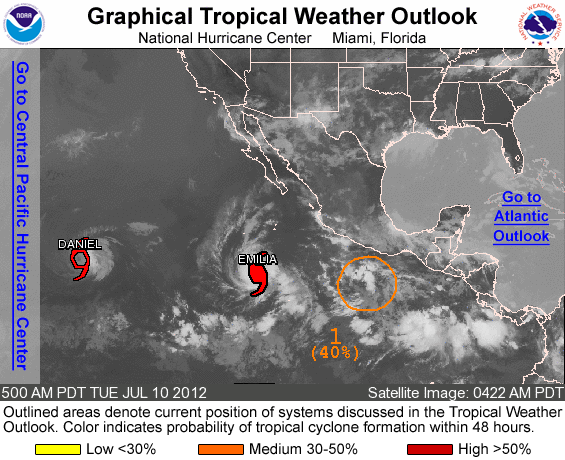
FOR THE EASTERN NORTH PACIFIC...EAST OF 140 DEGREES WEST LONGITUDE..

THE NATIONAL HURRICANE CENTER IS ISSUING ADVISORIES ON TROPICAL STORM DANIEL...LOCATED ABOUT 1500 MILES EAST OF THE HAWAIIAN ISLANDS...AND ON MAJOR HURRICANE EMILIA...LOCATED ABOUT 680 MILES SOUTH-SOUTHWEST OF THE SOUTHERN TIP OF BAJA CALIFORNIA MEXICO.

1. CLOUDINESS AND SHOWERS ASSOCIATED WITH A BROAD LOW PRESSURE SYSTEM LOCATED SEVERAL HUNDRED MILES SOUTH OF ACAPULCO MEXICO HAVE CHANGED LITTLE IN ORGANIZATION OVER THE PAST SEVERAL HOURS. CONDITIONS APPEAR CONDUCIVE FOR SLOW DEVELOPMENT OF THIS DISTURBANCE OVER THE NEXT FEW DAYS AS IT MOVES WEST-NORTHWESTWARD NEAR 10 MPH. THIS SYSTEM HAS A MEDIUM CHANCE...40 PERCENT...OF BECOMING A TROPICAL CYCLONE DURING THE NEXT 48 HOURS.

ELSEWHERE...TROPICAL CYCLONE FORMATION IS NOT EXPECTED DURING THE NEXT 48 HOURS.

FORECASTER PASCH